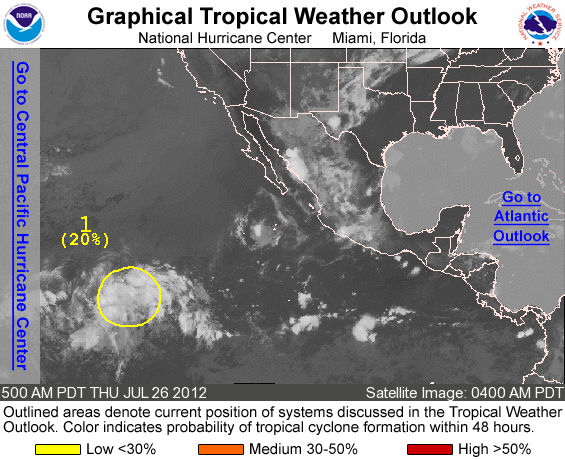
FOR THE EASTERN NORTH PACIFIC...EAST OF 140 DEGREES WEST LONGITUDE..

1. DISORGANIZED SHOWERS AND THUNDERSTORMS REMAIN IN ASSOCIATION WITH A WEAK AREA OF LOW PRESSURE LOCATED ABOUT 1500 MILES SOUTHWEST OF THE SOUTHERN TIP OF BAJA CALIFORNIA. SOME SLOW DEVELOPMENT OF THIS DISTURBANCE IS POSSIBLE AS IT MOVES WESTWARD OR WEST-NORTHWESTWARD AT 10 TO 15 MPH. THIS SYSTEM HAS A LOW CHANCE...20 PERCENT...OF BECOMING A TROPICAL CYCLONE DURING THE NEXT 48 HOURS.

ELSEWHERE...TROPICAL CYCLONE FORMATION IS NOT EXPECTED DURING THE NEXT 48 HOURS.

FORECASTER BLAKE